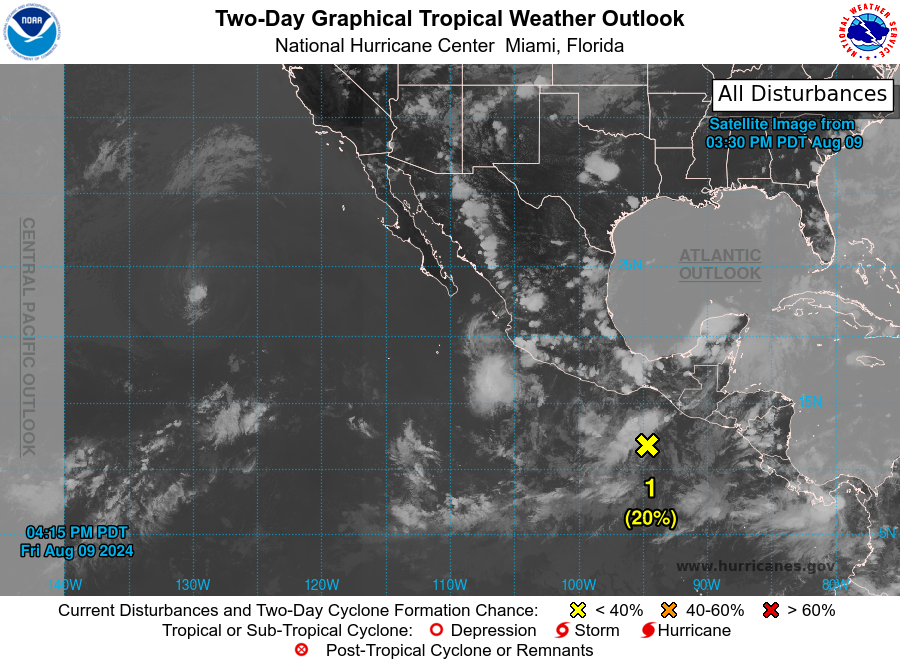
For the eastern North Pacific...east of 140 degrees west longitude:

1. South of Southern Mexico: Disorganized showers and thunderstorms located a couple hundred miles south of the coast of southern Mexico are associated with a broad area of low pressure. Some development of this system is possible during the next several days while it moves west-northwestward at around 15 mph, parallel to the coast of southern and southwestern Mexico. By early next week, the system is forecast to move into a more stable environment, limiting additional development.
* Formation chance through 48 hours...low...20 percent.
* Formation chance through 7 days...low...30 percent.

Forecaster Papin